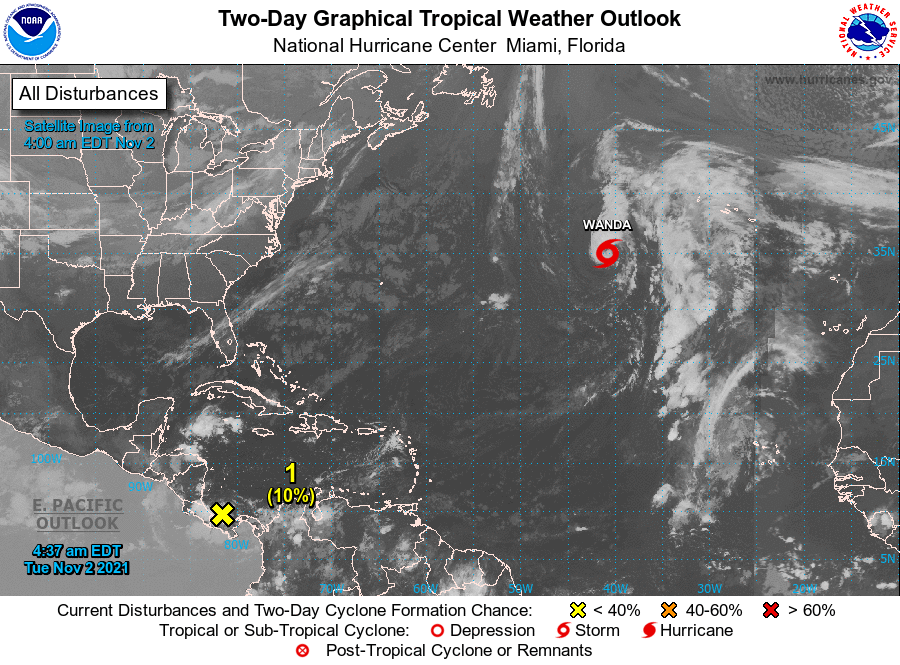
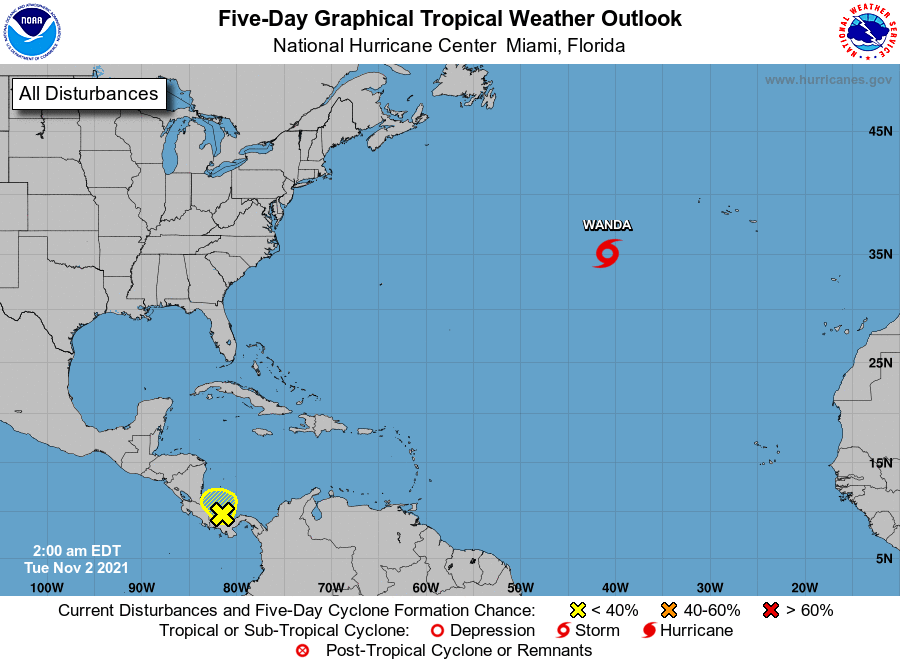
For the North Atlantic...Caribbean Sea and the Gulf of Mexico:

The National Hurricane Center is issuing advisories on Tropical Storm Wanda, located about 850 miles west-southwest of the Azores.

1. A low pressure system located just offshore the northern coast of Panama is producing some disorganized showers and thunderstorms over the southwestern Caribbean Sea. This system is expected to move westward over Central America later today, and significant development is unlikely due to its interaction with land. However, this disturbance will still produce locally heavy rainfall across portions of southern Nicaragua, Costa Rica, and Panama through today, which could result in flooding and mudslides. By Wednesday, the system is forecast to move into the far eastern portion of the eastern Pacific basin.
* Formation chance through 48 hours...low...10 percent.
* Formation chance through 5 days...low...10 percent.

Forecaster Pasch